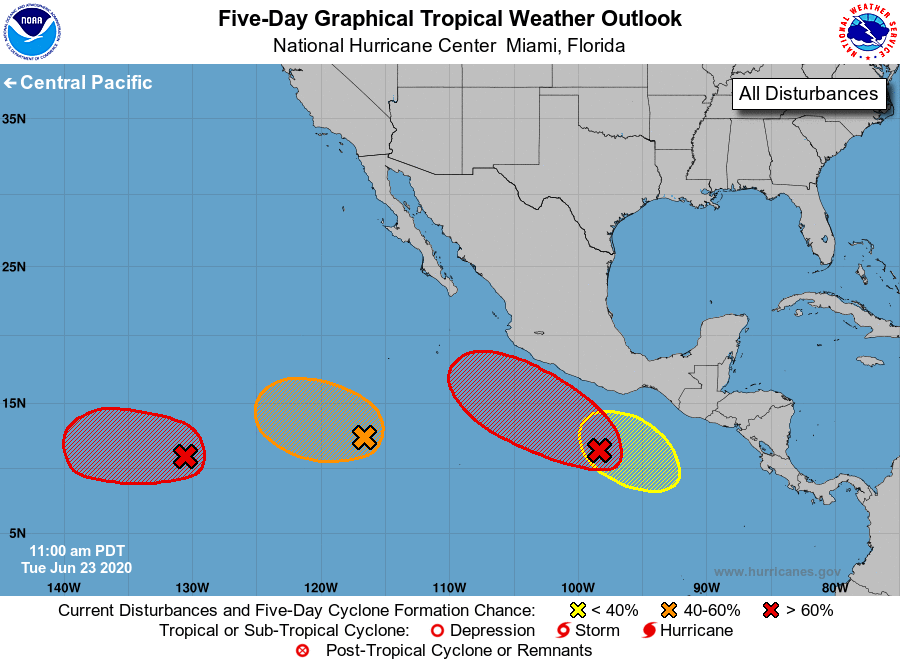
For the eastern North Pacific...east of 140 degrees west longitude:

1. A nearly stationary area of low pressure is located about 1600 miles southwest of the southern tip of the Baja California peninsula. Although the associated shower and thunderstorm activity has decreased since yesterday, environmental conditions are forecast to be conducive for gradual development, and this system is likely to become a tropical depression during the next few days while it moves slowly westward.
* Formation chance through 48 hours...medium...50 percent.
* Formation chance through 5 days...high...70 percent.

2. An elongated area of low pressure located several hundred miles southwest of the southern tip of the Baja California peninsula is producing a large area of disorganized cloudiness and thunderstorms. Environmental conditions are forecast to be conducive for some gradual development over the next couple of days, but the disturbance is forecast to move over cooler waters after that time which should inhibit further development.
* Formation chance through 48 hours...medium...50 percent.
* Formation chance through 5 days...medium...50 percent.

3. Disorganized showers and thunderstorms located a few hundred miles south-southwest of the Gulf of Tehuantepec are associated with a tropical wave. Environmental conditions appear favorable for development, and the system is likely to become a tropical depression in a few days while it moves west-northwestward parallel to the coast of Mexico.
* Formation chance through 48 hours...medium...40 percent.
* Formation chance through 5 days...high...80 percent.

4. Another area of disturbed weather is forecast to form south of the Gulf of Tehuantepec by late this week. Environmental conditions are expected to be conducive for gradual development of this system over the weekend as it moves west-northwestward parallel to the coast of Mexico.
* Formation chance through 48 hours...low...near 0 percent.
* Formation chance through 5 days...low...30 percent.

Forecaster Brown